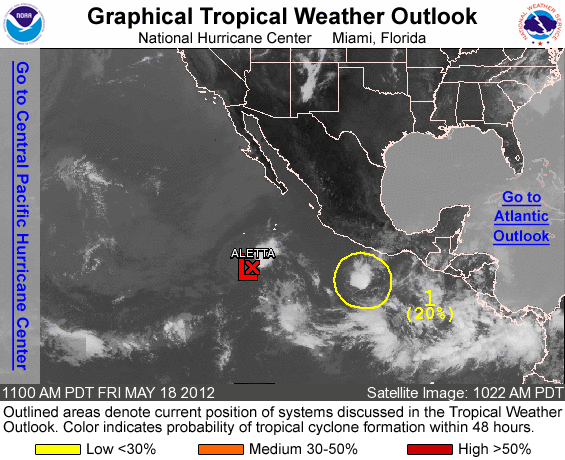
FOR THE EASTERN NORTH PACIFIC...EAST OF 140 DEGREES WEST LONGITUDE..

THE NATIONAL HURRICANE CENTER IS ISSUING ADVISORIES ON TROPICAL DEPRESSION ALETTA...LOCATED ABOUT 650 MILES SOUTH-SOUTHWEST OF THE SOUTHERN TIP OF BAJA CALIFORNIA.

1. SHOWER AND THUNDERSTORM ACTIVITY ASSOCIATED WITH AN AREA OF LOW PRESSURE LOCATED SEVERAL HUNDRED MILES SOUTH OF ACAPULCO MEXICO HAS BECOME LESS ORGANIZED DURING THE PAST 24 HOURS. ANY DEVELOPMENT OF THIS SYSTEM IS EXPECTED TO BE SLOW AS IT DRIFTS ERRATICALLY...AND THIS SYSTEM HAS A LOW CHANCE...20 PERCENT...OF BECOMING A TROPICAL CYCLONE DURING THE NEXT 48 HOURS.

ELSEWHERE...TROPICAL CYCLONE FORMATION IS NOT EXPECTED DURING THE NEXT 48 HOURS.

FORECASTER BRENNAN/BEVEN